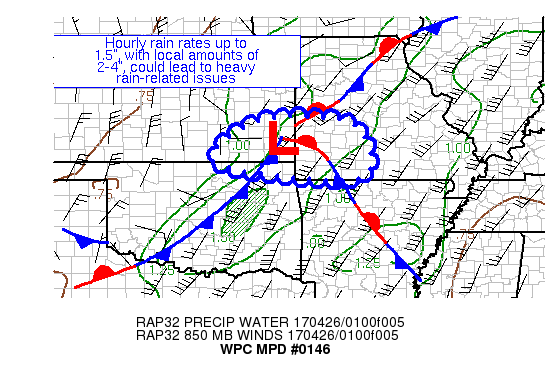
AREAS AFFECTED...SOUTHEAST KS & SOUTHWEST MO

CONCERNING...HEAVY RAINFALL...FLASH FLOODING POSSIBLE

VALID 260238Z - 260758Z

SUMMARY...A COUPLE BANDS OF THUNDERSTORMS SHOULD IMPACT THE REGION
THROUGH 08Z.  HOURLY RAIN RATES UP TO 1.5", WITH LOCAL AMOUNTS OF
2-4", COULD LEAD TO ISSUES IN AN AREA COMPROMISED BY RECENT RAINS.

DISCUSSION...A MESOSCALE ANALYSIS REVEALS ONE MAIN FRONTAL WAVE IN
SOUTHEAST KS, ASSOCIATED WITH A LEADING LINE OF CONVECTION WHICH
EXTENDS NORTHEAST FROM OK.  IN ADDITION TO THE MAIN SOUTHWEST-
NORTHEAST ORIENTED FRONTAL BOUNDARY, A MODEST DEW POINT
DISCREPANCY SHOWS UP IN THE OBSERVATIONS CUTTING
NORTHWEST-SOUTHEAST ACROSS AR.  RECENT SPC MESOANALYSES AND
INCREASED CLUTTER IN REGIONAL RADARS REVEAL THE DEVELOPMENT OF CIN
ACROSS THE REGION, WHICH SHOULD EVENTUALLY LEAD TO ELEVATED
CONVECTION.  PRECIPITABLE WATER VALUES OF 1-1.25" INHABIT THE AREA
PER 00Z RADIOSONDE AND GPS DATA.  INFLOW AT 850 HPA IS 25-45 KTS
OUT OF THE SOUTH-SOUTHWEST PER VAD WIND PROFILES IN THE REGION,
AROUND THE MAGNITUDE OF THE 850-400 HPA MEAN WIND.  MUCAPES OF
1000-2500 J/KG LIE TO THE SOUTH WITHIN THE INFLOW SOURCE REGION.

THE BOUNDARY LAYER MOISTURE CONVERGENCE FIELDS IN THE RAP INDICATE
TWO BOUNDARIES MOVING ACROSS THE REGION THROUGH 08Z, WHICH IS
BECOMING APPARENT ON RADAR IMAGERY -- THE MAIN LINE IN SOUTHEAST
KS NEAR THE SURFACE FRONT/COLD POOL AND A SECONDARY BATCH OF
CONVECTION ~45 MILES BEHIND IT NEAR THE OK/KS BORDER ALONG THE 850
HPA SLICE OF THE BOUNDARY.  HEAVY RAIN CORES SHOULD INITIALLY MOVE
EAST- NORTHEAST AT 30-35 KTS, BEFORE TURNING MORE EASTERLY ONCE
THE INSTABILITY ACROSS THE REGION ERODES, LEAVING THE REMAINING
INSTABILITY MAINLY SOUTH OF THE EXPECTED CONVECTION.  SOME VEERING
IN THE 850 HPA WINDS SHOULD MAKE WINDS FAIRLY UNIDIRECTIONAL WITH
HEIGHT.  BELIEVE THE 12Z ARW, 12Z NMMB, 00Z NAM CONEST, AND 18Z
CANADIAN REGIONAL MODEL HAVE CAPTURED THE REGION OF HEAVY RAIN
THREAT THE BEST.  HOURLY RAIN RATES UP TO 1.5", WITH LOCAL AMOUNTS
OF 2-4", ARE EXPECTED WHERE REPEAT ROUNDS OF THUNDERSTORMS AND/OR
TRAINING ARE EXPERIENCED.  OVER SATURATED SOILS FROM RECENT RAINS,
URBAN CENTERS, AND WITHIN THE OZARKS, FLASH FLOODING WOULD BE MOST
POSSIBLE.